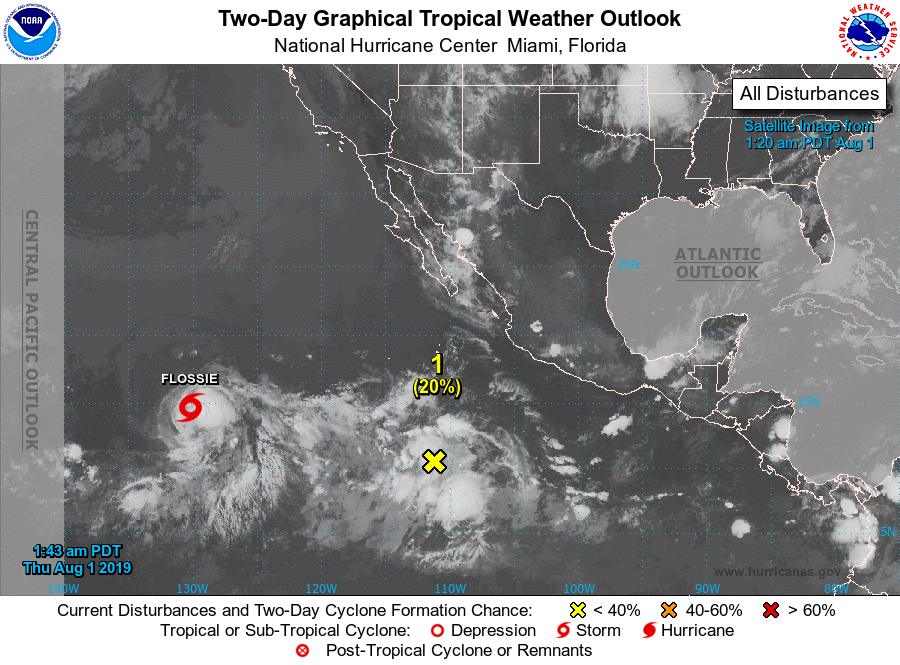
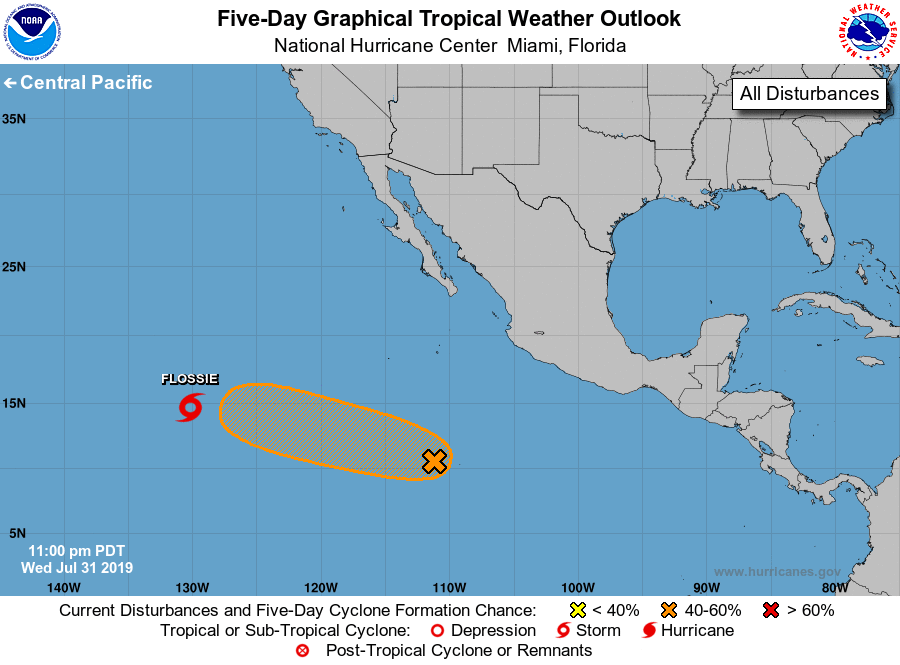
For the eastern North Pacific...east of 140 degrees west longitude:

The National Hurricane Center is issuing advisories on Tropical Storm Flossie, located more than a thousand miles west-southwest of the southern tip of the Baja California peninsula.

1. A broad area of low pressure located several hundred miles south of the southern tip of the Baja California peninsula continues to produce disorganized showers and thunderstorms. Upper-level winds are forecast to be marginally conducive for development, and a tropical depression could form over the weekend while the low moves west-northwestward at about 15 mph.
* Formation chance through 48 hours...low...20 percent.
* Formation chance through 5 days...medium...50 percent.

Forecaster Berg